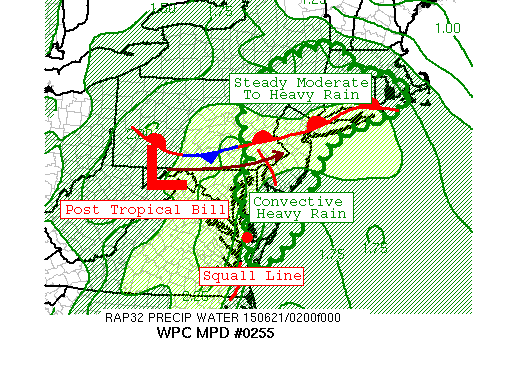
AREAS AFFECTED...DELAWARE...NEW JERSEY...EASTERN PA...SOUTHERN NY

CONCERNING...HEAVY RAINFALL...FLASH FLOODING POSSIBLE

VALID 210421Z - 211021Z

SUMMARY...HEAVY RAIN REMAINS A THREAT FOR THE NEXT SEVERAL HOURS
WITH POST TROPICAL BILL AND ACTIVE SQUALL LINE.

DISCUSSION...THE COMBINATION OF POST TROPICAL BILL AND A VAGUE
FRONTAL ZONE WILL CONTINUE TO RESULT IN LOCALLY HEAVY RAIN FROM
DELAWARE/NEW JERSEY AND EASTERN PA NORTHEASTWARD. DEEP TROPICAL
MOISTURE INVOF OF BILL AND THE FRONTAL ZONE REMAIN WELL ABOVE 2
INCHES AND THIS MOISTURE PLUME SHOULD SPREAD OFF TO THE NORTH AND
EAST. IT APPEARS THERE WILL BE TWO ZONE OF HEAVY RAIN WITHIN
THREAT ZONE... ONE IN THE UNSTABLE AIR MASS ACROSS DE/SOUTHERN NJ
WITH THE PROPAGATING SQUALL LINE WITH INDIVIDUAL LINE SEGMENTS AND
ANOTHER AREA ACROSS NORTHEASTERN PA/NORTHERN NJ INTO SOUTHERN NY
STATE INCLUDING THE NYC METRO AREA WITH ALMOST AN INTENSE
ISENTROPIC/WARM ADVECTION PATTERN. WHAT'S LEFT OF BILL WILL TRACK
OFF TO THE EAST-NORTHEAST TO SOUTHEASTERN PA/SOUTHERN NJ... WHILE
ONSHORE FLOW DIRECTED INTO THE SOUTHERN NEW ENGLAND COASTLINE WITH
THE QUASI-STATIONARY BOUNDARY IN PLACE COULD YIELD ANOTHER ZONE OF
HEAVY RAINS NEAR THE TAIL END OF THIS MPD.